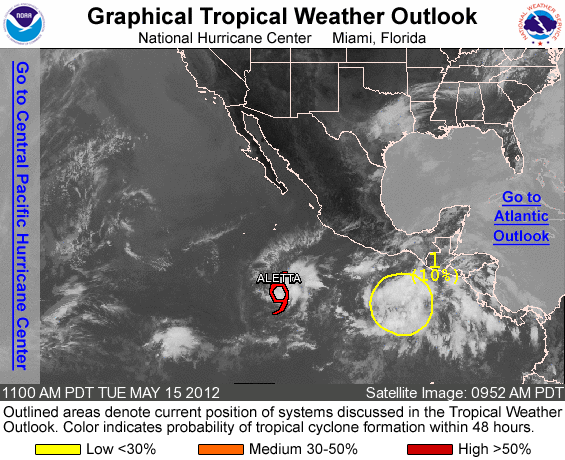
FOR THE EASTERN NORTH PACIFIC...EAST OF 140 DEGREES WEST LONGITUDE..

THE NATIONAL HURRICANE CENTER IS ISSUING ADVISORIES ON TROPICAL STORM ALETTA...LOCATED ABOUT 850 MILES SOUTH OF THE SOUTHERN TIP OF BAJA CALIFORNIA.

1. A LARGE AREA OF DISTURBED WEATHER HAS FORMED SEVERAL HUNDRED MILES SOUTH OF THE GULF OF TEHUANTEPEC. ENVIRONMENTAL CONDITIONS APPEAR CONDUCIVE FOR GRADUAL DEVELOPMENT OF THIS SYSTEM DURING THE NEXT COUPLE OF DAYS. THIS SYSTEM HAS A LOW CHANCE...10 PERCENT...OF BECOMING A TROPICAL CYCLONE DURING THE NEXT 48 HOURS.

ELSEWHERE...TROPICAL CYCLONE FORMATION IS NOT EXPECTED DURING THE NEXT 48 HOURS.

TODAY MARKS THE FIRST DAY OF THE EASTERN NORTH PACIFIC HURRICANE SEASON...WHICH WILL RUN UNTIL NOVEMBER 30. LONG-TERM AVERAGES FOR THE NUMBER OF NAMED STORMS...HURRICANES...AND MAJOR HURRICANES ARE 15...9...AND 4...RESPECTIVELY.

THE LIST OF NAMES FOR 2012 IS AS FOLLOWS:

NAME PRONUNCIATION NAME PRONUNCIATION ------------------------------------------------------------- ALETTA A LET- AH MIRIAM MEER- YIM BUD BUHD NORMAN NOR- MUHN CARLOTTA KAR LOT- UH OLIVIA UH LIV- EE UH DANIEL DAN- YUHL PAUL PALL EMILIA EE MILL- YA ROSA ROH- ZUH FABIO FAH- BEE O SERGIO SIR- GEE OH GILMA GIL- MAH TARA TAIR- UH HECTOR HEHK- TOR VICENTE VEE CEN- TAY ILEANA ILL AY AH- NAH WILLA WIH- LAH JOHN JAHN XAVIER ZAY- VEE UR KRISTY KRIS- TEE YOLANDA YO LAHN- DA LANE LAYNE ZEKE ZEEK

THIS PRODUCT...THE TROPICAL WEATHER OUTLOOK...BRIEFLY DESCRIBES SIGNIFICANT AREAS OF DISTURBED WEATHER AND THEIR POTENTIAL FOR TROPICAL CYCLONE FORMATION DURING THE NEXT 48 HOURS. THE ISSUANCE TIMES OF THIS PRODUCT ARE 5 AM...11 AM...5 PM...AND 11 PM PDT. AFTER THE CHANGE TO STANDARD TIME IN NOVEMBER...THE ISSUANCE TIMES ARE 4 AM...10 AM...4 PM...AND 10 PM PST.

A SPECIAL TROPICAL WEATHER OUTLOOK WILL BE ISSUED TO PROVIDE UPDATES...AS NECESSARY...IN BETWEEN THE REGULARLY SCHEDULED ISSUANCES OF THE TROPICAL WEATHER OUTLOOK. SPECIAL TROPICAL WEATHER OUTLOOKS WILL BE ISSUED UNDER THE SAME WMO AND AWIPS HEADERS AS THE REGULAR TROPICAL WEATHER OUTLOOKS.

A STANDARD PACKAGE OF PRODUCTS...CONSISTING OF THE TROPICAL CYCLONE PUBLIC ADVISORY...THE FORECAST/ADVISORY...THE CYCLONE DISCUSSION... AND A WIND SPEED PROBABILITY PRODUCT...IS ISSUED EVERY SIX HOURS FOR ALL ONGOING TROPICAL CYCLONES. IN ADDITION...A SPECIAL ADVISORY PACKAGE MAY BE ISSUED AT ANY TIME TO ADVISE OF SIGNIFICANT UNEXPECTED CHANGES OR TO MODIFY WATCHES OR WARNINGS.

THE TROPICAL CYCLONE UPDATE IS A BRIEF STATEMENT TO INFORM OF SIGNIFICANT CHANGES IN A TROPICAL CYCLONE OR TO POST OR CANCEL WATCHES OR WARNINGS. IT IS USED IN LIEU OF OR TO PRECEDE THE ISSUANCE OF A SPECIAL ADVISORY PACKAGE. TROPICAL CYCLONE UPDATES...WHICH CAN BE ISSUED AT ANY TIME...CAN BE FOUND UNDER WMO HEADER WTPZ61-65 KNHC...AND UNDER AWIPS HEADER MIATCUEP1-5.

ALL NATIONAL HURRICANE CENTER TEXT AND GRAPHICAL PRODUCTS ARE AVAILABLE ON THE WEB AT WWW.HURRICANES.GOV. SIGN UP FOR PRODUCT UPDATES BY EMAIL AT WWW.HURRICANES.GOV/SIGNUP.SHTML...IN ALL LOWER CASE. YOU CAN ALSO INTERACT WITH NHC ON FACEBOOK AT WWW.FACEBOOK.COM/US.NOAA.NATIONALHURRICANECENTER.GOV. NOTIFICATIONS ARE AVAILABLE VIA TWITTER WHEN SELECT NATIONAL HURRICANE CENTER PRODUCTS ARE ISSUED. INFORMATION ABOUT OUR EAST PACIFIC TWITTER FEED IS AVAILABLE AT WWW.HURRICANES.GOV/TWITTER.SHTML...IN ALL LOWER CASE.

FORECASTER BROWN